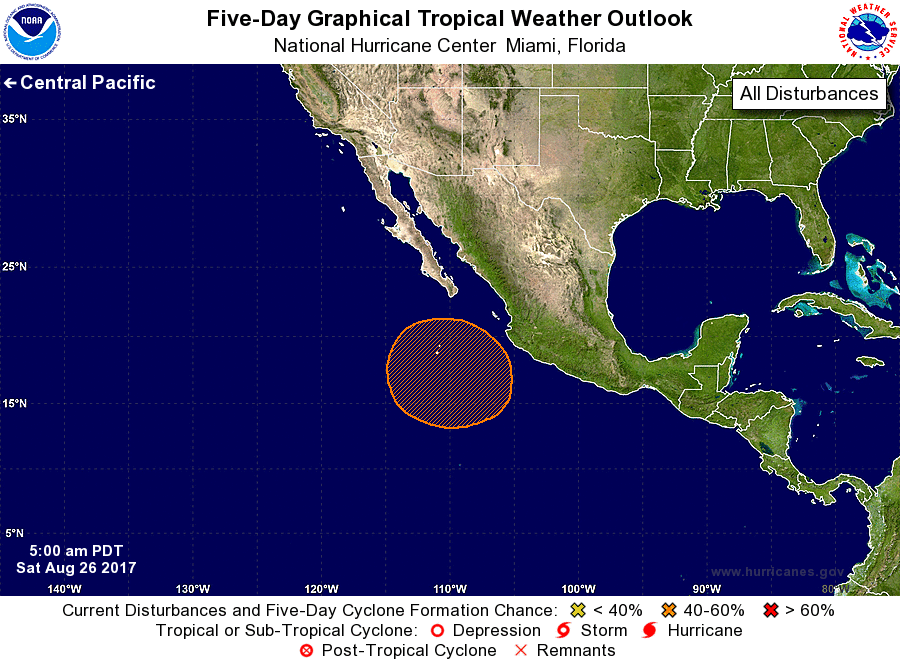
For the eastern North Pacific...east of 140 degrees west longitude:

1. An area of low pressure is expected to develop a few hundred miles south of the southern tip of Baja California during the next couple of days. Environmental conditions appear conducive for gradual development of this system thereafter while it moves northward or northwestward.
* Formation chance through 48 hours...low...near 0 percent.
* Formation chance through 5 days...medium...40 percent.

Forecaster Brown